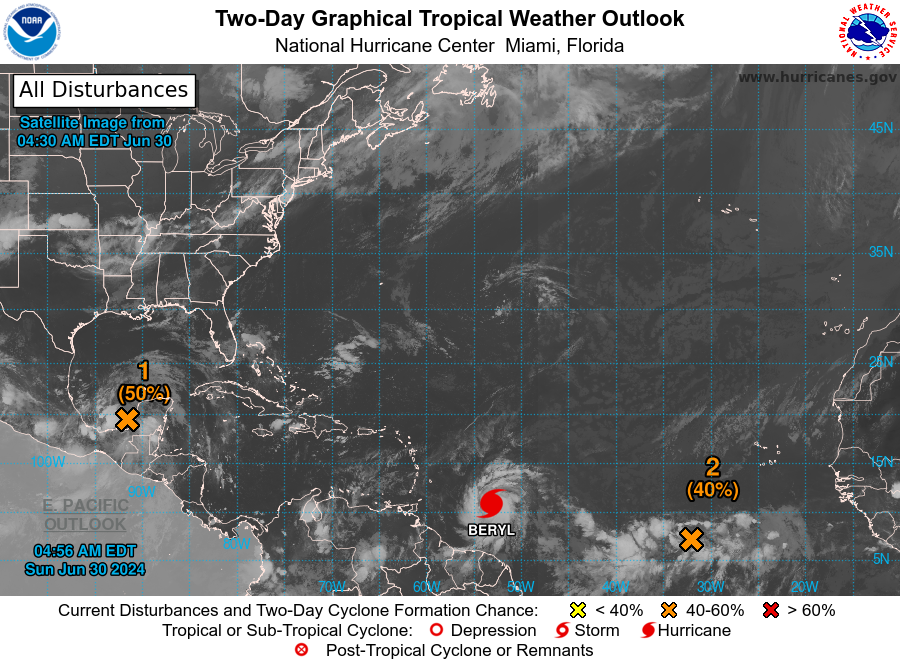
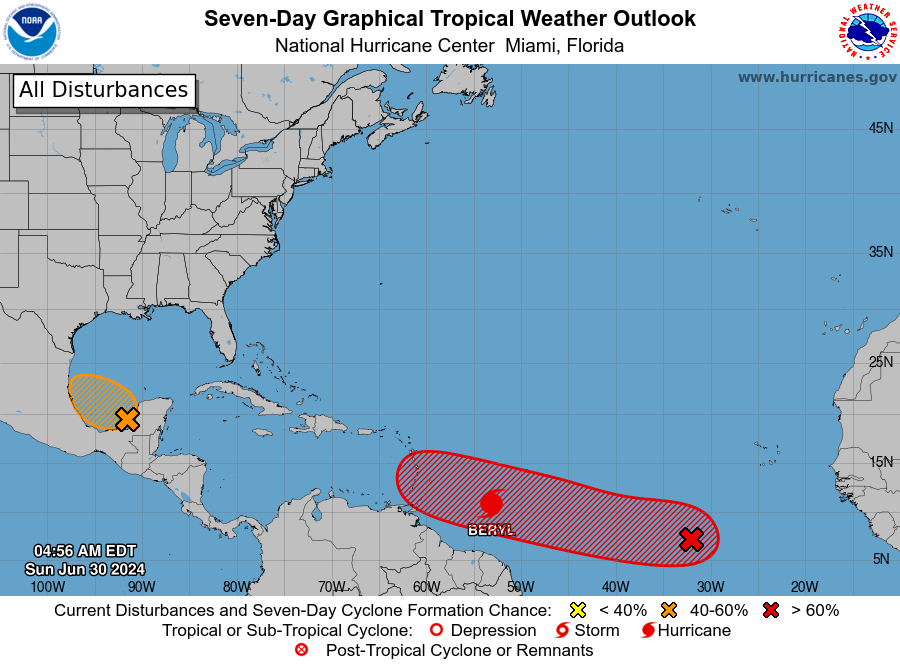
For the North Atlantic...Caribbean Sea and the Gulf of Mexico:

Active Systems: The National Hurricane Center is issuing advisories on Hurricane Beryl, located several hundred miles east of the Windward Islands.

1. Southwestern Gulf of Mexico (AL94): A broad area of low pressure is over the Bay of Campeche with disorganized showers and thunderstorms. Environmental conditions appear generally conducive for further development, and a short-lived tropical depression could form before the system moves inland over Mexico on Monday. Interests along the Gulf coast of Mexico should monitor the progress of this system. Regardless of development, heavy rainfall associated with the area of low pressure will continue affect portions of Central America and Mexico through early next week. An Air Force reconnaissance aircraft is scheduled to investigate the system later today, if necessary.
* Formation chance through 48 hours...medium...50 percent.
* Formation chance through 7 days...medium...50 percent.

2. Eastern Tropical Atlantic: Satellite-derived surface wind data indicate that an area of low pressure located several hundred miles southwest of the Cabo Verde Islands has become better organized. Environmental conditions appear conducive for additional development of this system, and a tropical depression is likely to form by the midweek while it moves generally westward at 15 to 20 mph across the eastern and central tropical Atlantic.
* Formation chance through 48 hours...medium...40 percent.
* Formation chance through 7 days...high...70 percent.

Forecaster Bucci